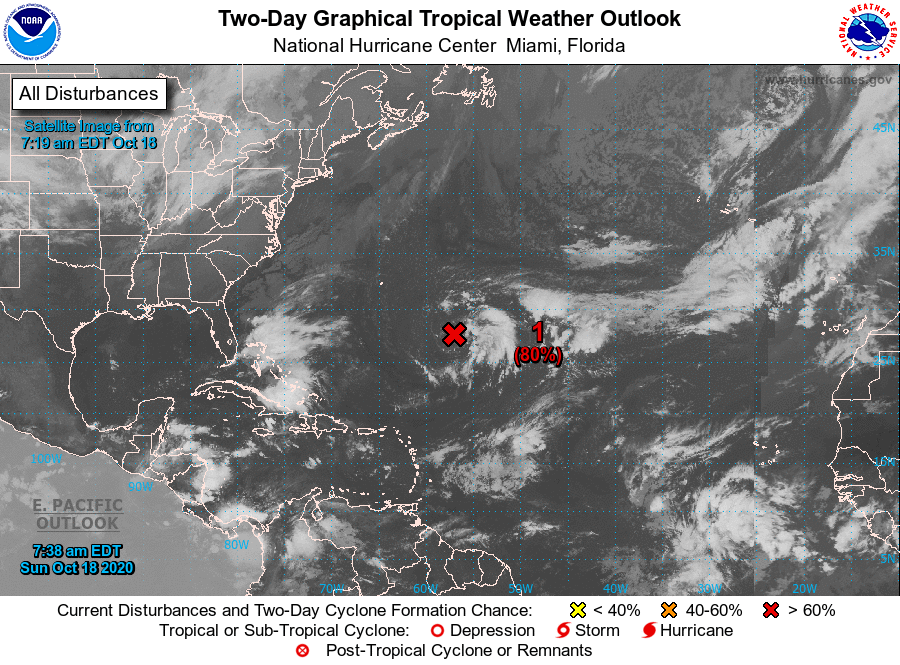
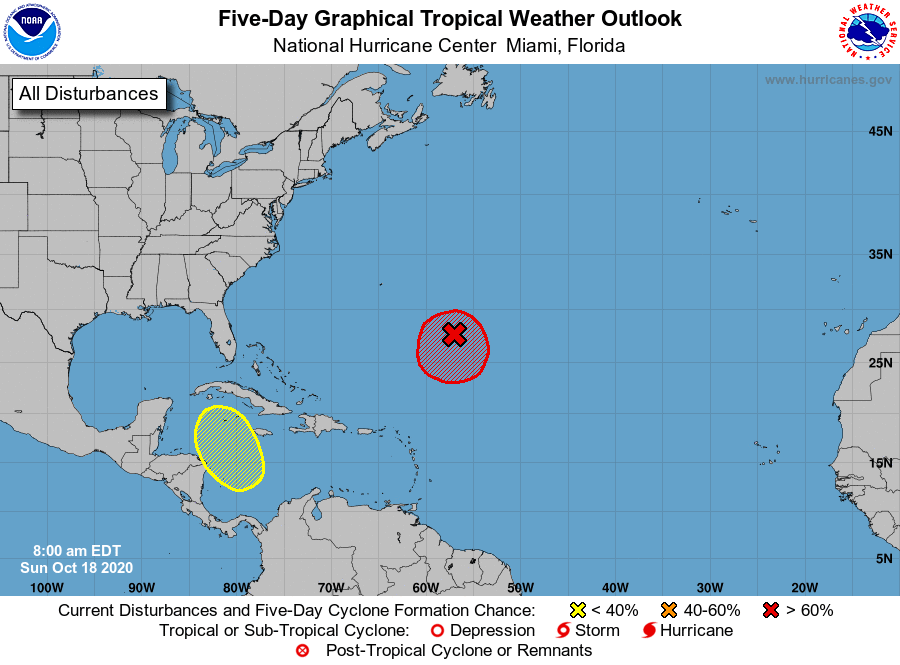
For the North Atlantic...Caribbean Sea and the Gulf of Mexico:

1. Showers and thunderstorms associated with a non-tropical low pressure system located about 550 miles east-southeast of Bermuda have been gradually increasing in both coverage and organization during the past 24 hours. Further development is expected, and a subtropical depression or storm is very likely to form during the next day or so while the low meanders well to the southeast of Bermuda.
* Formation chance through 48 hours...high...80 percent.
* Formation chance through 5 days...high...90 percent.

2. A broad area of low pressure is expected to form in a couple of days over the southwestern Caribbean Sea. Some gradual development of this system will be possible through the middle of the week as it moves slowly northward or north-northwestward over the western Caribbean Sea.
* Formation chance through 48 hours...low...near 0 percent.
* Formation chance through 5 days...low...30 percent.

Forecaster Reinhart/Blake